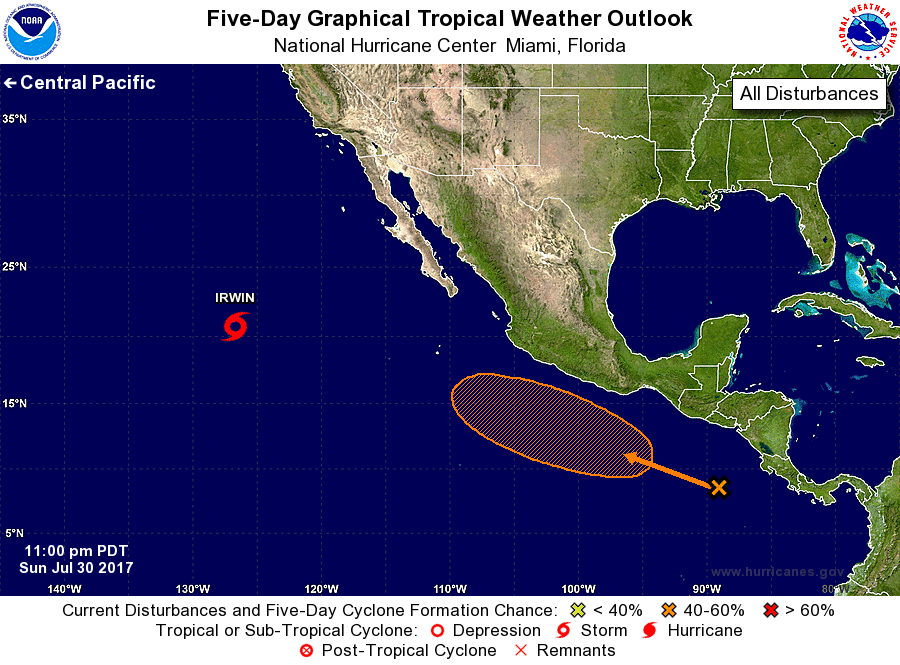
For the eastern North Pacific...east of 140 degrees west longitude:

The National Hurricane Center is issuing advisories on Tropical Storm Irwin, located more than a thousand miles west of the southern tip of the Baja California peninsula, and has issued the last advisory on Post-Tropical Cyclone Hilary, located about 1200 miles west-northwest of the southern tip of the Baja California peninsula.

1. A large area of cloudiness and showers located over the far eastern Pacific Ocean is associated with a tropical wave. Environmental conditions appear conducive for some slow development of this disturbance during the next several days while it moves west-northwestward at 10 to 15 mph south of the coast of Mexico.
* Formation chance through 48 hours...low...10 percent.
* Formation chance through 5 days...medium...40 percent.

Forecaster Brown